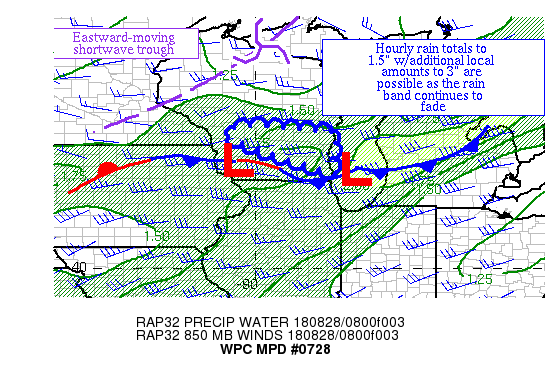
Areas affected...Portions of southern WI

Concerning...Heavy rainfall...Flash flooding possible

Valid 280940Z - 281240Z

Summary...The passing by of a shortwave to the north should lead
to further reduction of rainfall coverage and intensity in this
area.  Over the next few hours, hourly totals to 1.5" and local
amounts to 3" are possible.

Discussion...GOES-16 water vapor imagery shows a shortwave which
has been responsible for the prolonged heavy rainfall in southern
WI is passing to the north near the WI/western Upper Peninsula of
MI border.  Precipitable water values in the region are 1.8-2.1"
per nearby GPS values.  Inflow at 850 hPa is convergent out of the
west at 25-30 kts per VAD wind profiles, importing MU CAPE values
of 2000-3000 J/kg into the thunderstorm/rain band.

As the shortwave moves farther afield to the east, inflow at 850
hPa is expected to weaken along with upper level divergence which
should cause a further erosion to heavy rainfall over the next few
hours.  The patch of heaviest rainfall appears to be moving
eastward at 20-30 kts while individual cells move east ~40 kts.
For this time frame, the peak hourly rain totals are likely now,
with radar estimating hourly totals locally of ~1.5".  Believe
hourly totals to 1.5" with local amounts to 3" are possible over
the next few hours over saturating soils while the band continues
to fade.